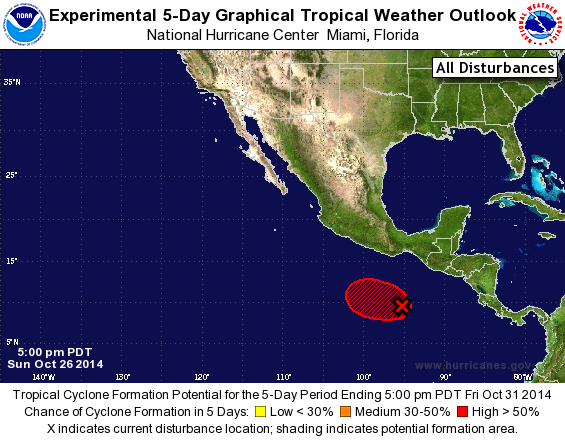
For the eastern North Pacific...east of 140 degrees west longitude:

1. An area of low pressure, located several hundred miles south of the Gulf of Tehuantepec, is producing disorganized showers and thunderstorms. Environmental conditions are expected to be conducive for tropical cyclone formation later this week while the low drifts toward the westward or west-northwest.
* Formation chance through 48 hours...medium...30 percent.
* Formation chance through 5 days...high...80 percent.

Forecaster Kimberlain